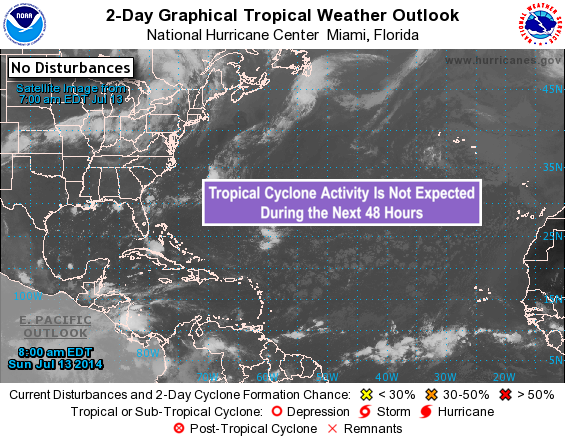
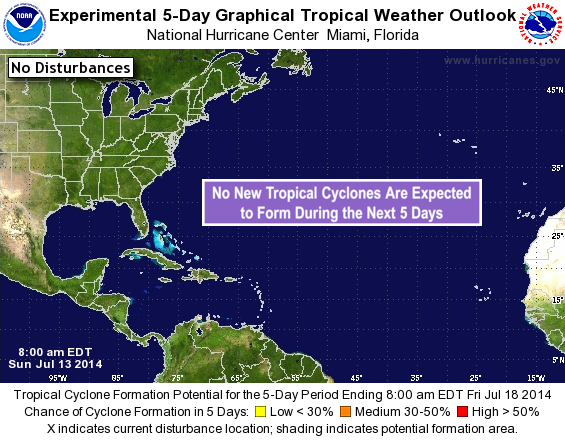
For the North Atlantic...Caribbean Sea and the Gulf of Mexico:

Tropical cyclone formation is not expected during the next 5 days.

Forecaster Brown